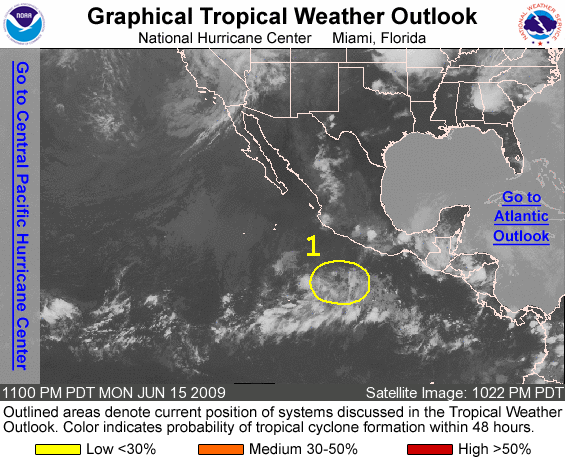
FOR THE EASTERN NORTH PACIFIC...EAST OF 140 DEGREES WEST LONGITUDE..

1. SHOWERS AND THUNDERSTORMS ASSOCIATED WITH AN AREA OF DISTURBED WEATHER LOCATED SEVERAL HUNDRED MILES SOUTHWEST OF ACAPULCO MEXICO HAVE DIMINISHED DURING THE EVENING. THERE IS A LOW CHANCE...LESS THAN 30 PERCENT...OF THIS SYSTEM BECOMING A TROPICAL CYCLONE DURING THE NEXT 48 HOURS.

ELSEWHERE...TROPICAL CYCLONE FORMATION IS NOT EXPECTED DURING THE NEXT 48 HOURS.

FORECASTER BROWN/AGUIRRE